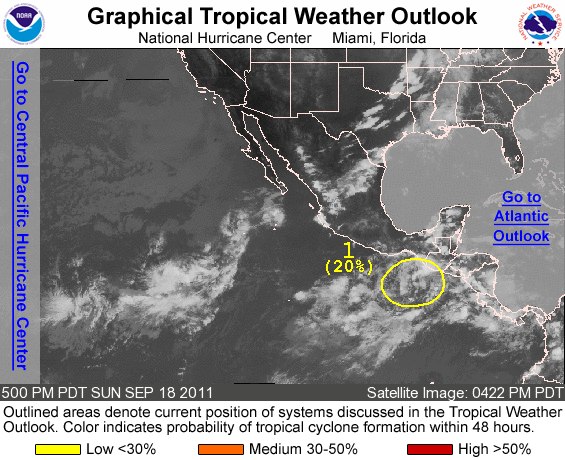
FOR THE EASTERN NORTH PACIFIC...EAST OF 140 DEGREES WEST LONGITUDE..

1. A BROAD LOW PRESSURE SYSTEM LOCATED A COUPLE OF HUNDRED MILES SOUTH-SOUTHEAST OF THE GULF OF TEHUANTEPEC IS PRODUCING A LARGE AREA OF DISORGANIZED CLOUDINESS...SHOWERS...AND THUNDERSTORMS. DEVELOPMENT...IF ANY...OF THIS DISTURBANCE IS EXPECTED TO BE SLOW AS IT MOVES WESTWARD AT 5 TO 10 MPH OVER THE NEXT COUPLE OF DAYS. THIS SYSTEM HAS A LOW CHANCE...20 PERCENT...OF BECOMING A TROPICAL CYCLONE DURING THE NEXT 48 HOURS.

2.

TROPICAL CYCLONE FORMATION IS NOT EXPECTED DURING THE NEXT 48 HOURS.

FORECASTER PASCH